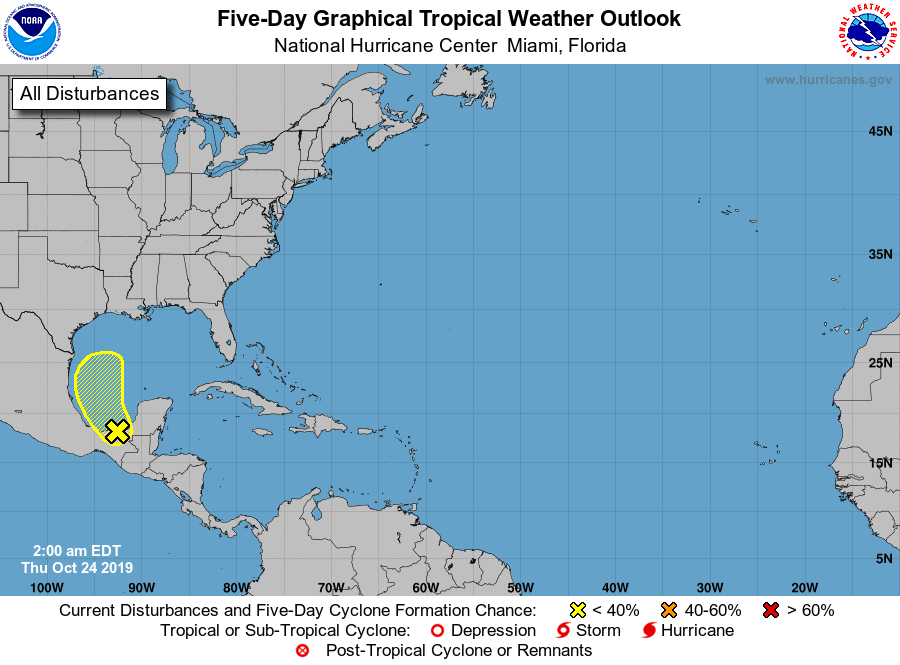
For the North Atlantic...Caribbean Sea and the Gulf of Mexico:

1. A broad area of low pressure associated with a tropical wave continues to produce disorganized showers and thunderstorms, mainly over southern Mexico and the Bay of Campeche. Some development of this system is possible during the next couple of days while it moves generally northwestward and then northward over the western Gulf of Mexico. The system is then forecast to merge with a cold front over the weekend.
* Formation chance through 48 hours...low...20 percent.
* Formation chance through 5 days...low...30 percent.

Forecaster Zelinsky